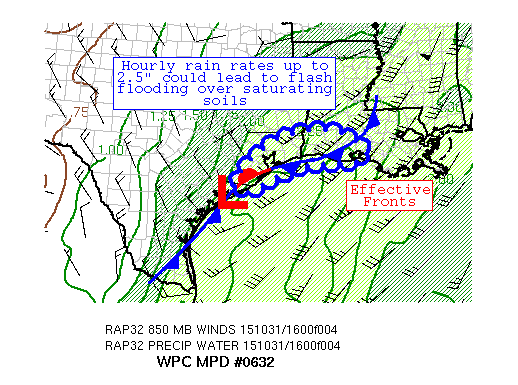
AREAS AFFECTED...SOUTHEAST TX/SOUTHWEST LA

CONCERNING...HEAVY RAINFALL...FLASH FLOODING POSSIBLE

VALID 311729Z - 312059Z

SUMMARY...A WEAK WAVE OF LOW PRESSURE NEAR MATAGORDA BAY SHOULD
YIELD ANOTHER FEW HOURS OF HEAVY RAIN ISSUES IN SOUTHEAST
TX/SOUTHWEST LA.

DISCUSSION...A BAROCLINIC ZONE HAS GENERALLY DROPPED INTO THE
NORTHWEST GULF OF MEXICO.  TO ITS NORTH, HEAVY RAINFALL CONTINUES
ACROSS SOUTHEAST TX AND SOUTHWEST LA.  PRECIPITABLE WATER VALUES
OF 2-2.3" LIE ACROSS THE REGION PER GPS VALUES.  INFLOW AT 850 HPA
OF 30-40 KTS LIES ACROSS THE AREA PER VAD WIND PROFILES.  HOURLY
RAIN RATES ARE HIGHEST BETWEEN HOUSTON AND GALVESTON TX, IN THE
RANGE OF 2-2.5" AN HOUR.

THE CAM GUIDANCE IS UNIFORMLY TOO FAR NORTH/WEST WITH THE HEAVY
RAIN IN TX/LA.  STILL, A SIGNAL FOR 2-4" REMAINS IN THE REGION,
WHICH COULD FALL QUICKLY.  AVAILABLE MOISTURE SUPPORTS HOURLY RAIN
RATES UP TO 2.5".  RECENT RAP GUIDANCE SHOWS A LOW-LEVEL
CIRCULATION MOVING UP THE TX COAST THROUGH 22Z, WHICH IF TRUE,
WOULD LEAD TO CONTINUED ISSUES IN THIS REGION.  UNCERTAINTY IS
GREATER THAN NORMAL IN THE CONVECTIVE EVOLUTION IN THIS AREA.
FLASH FLOODING REMAINS POSSIBLE FOR A FEW MORE HOURS.